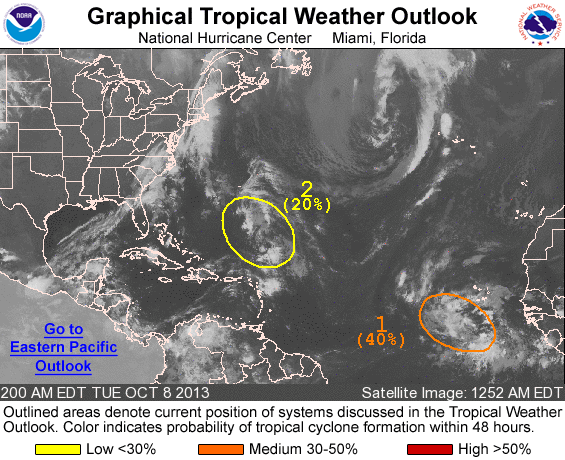
FOR THE NORTH ATLANTIC...CARIBBEAN SEA AND THE GULF OF MEXICO...

1. DISORGANIZED SHOWERS AND THUNDERSTORMS OVER THE FAR EASTERN TROPICAL ATLANTIC ARE ASSOCIATED WITH A BROAD AREA OF LOW PRESSURE CENTERED ABOUT 400 MILES SOUTH-SOUTHWEST OF THE CAPE VERDE ISLANDS. ENVIRONMENTAL CONDITIONS APPEAR CONDUCIVE FOR GRADUAL DEVELOPMENT OF THIS DISTURBANCE DURING THE NEXT COUPLE OF DAYS...AND IT HAS A MEDIUM CHANCE...40 PERCENT...OF BECOMING A TROPICAL CYCLONE DURING THE NEXT 48 HOURS WHILE MOVING SLOWLY WEST-NORTHWESTWARD AT ABOUT 5 MPH. UPPER-LEVEL WINDS ARE FORECAST TO BECOME LESS CONDUCIVE FOR DEVELOPMENT LATE IN THE WEEK...AND THIS SYSTEM HAS A MEDIUM CHANCE...50 PERCENT...OF BECOMING A TROPICAL CYCLONE DURING THE NEXT 5 DAYS.

2. DISORGANIZED CLOUDINESS AND SHOWERS EXTENDING A FEW HUNDRED MILES SOUTH-SOUTHEAST OF BERMUDA ARE ASSOCIATED WITH A WEAK AND ELONGATED AREA OF LOW PRESSURE. ENVIRONMENTAL CONDITIONS ARE EXPECTED TO BE ONLY MARGINALLY CONDUCIVE FOR DEVELOPMENT DURING THE NEXT SEVERAL DAYS WHILE THE DISTURBANCE MOVES GENERALLY NORTHWARD AT ABOUT 10 MPH. THIS SYSTEM HAS A LOW CHANCE...20 PERCENT...OF BECOMING A TROPICAL OR SUBTROPICAL CYCLONE DURING THE NEXT 48 HOURS AND A LOW CHANCE...20 PERCENT...OF BECOMING A TROPICAL OR SUBTROPICAL CYCLONE DURING THE NEXT 5 DAYS.

FIVE-DAY FORMATION PROBABILITIES ARE EXPERIMENTAL IN 2013. COMMENTS ON THE EXPERIMENTAL FORECASTS CAN BE PROVIDED AT...

HTTP://WWW.NWS.NOAA.GOV/SURVEY/NWS-SURVEY.PHP?CODE=ETWO

FORECASTER BERG